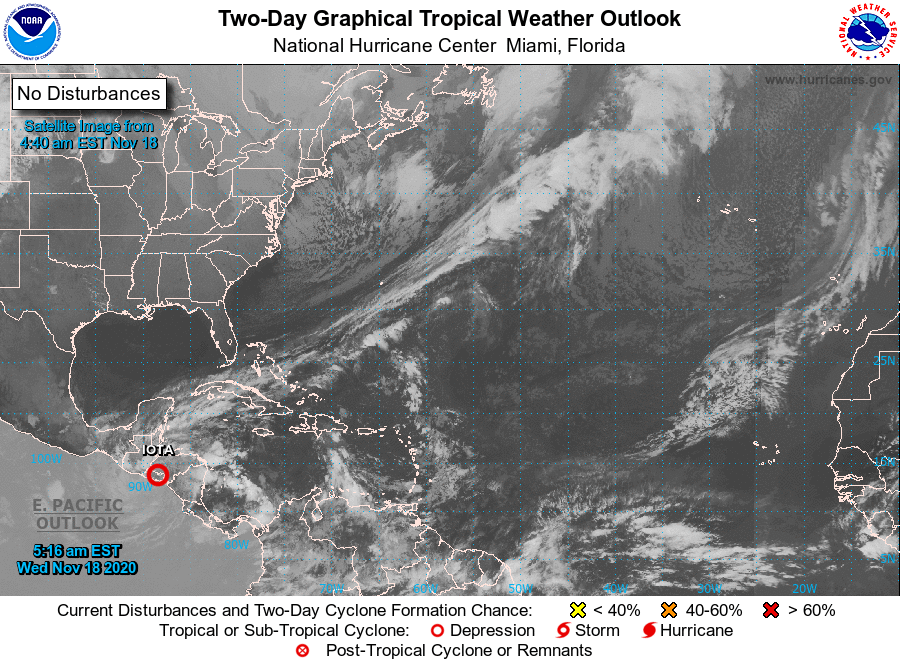
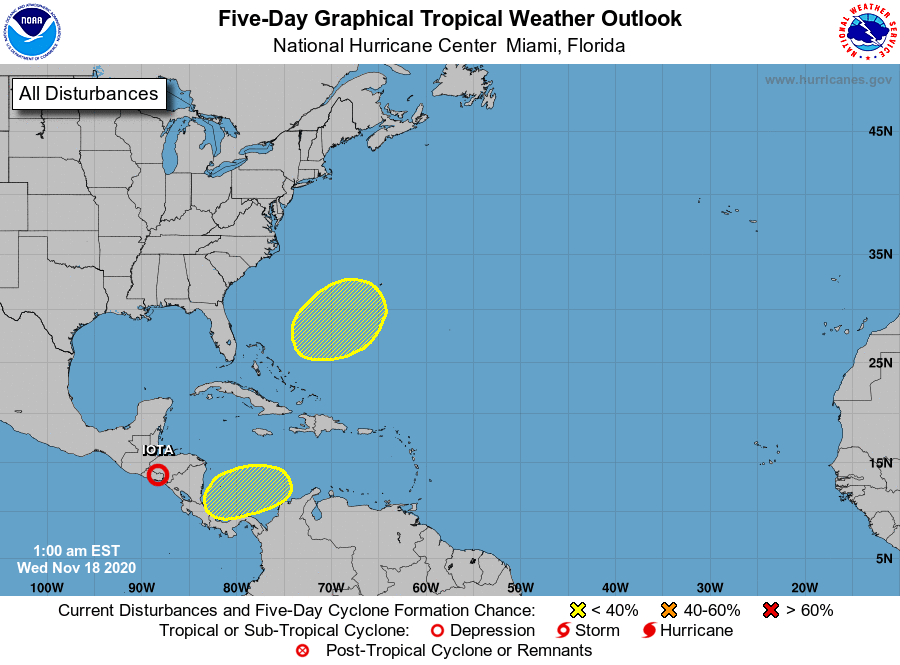
For the North Atlantic...Caribbean Sea and the Gulf of Mexico:

The National Hurricane Center is issuing advisories on Tropical Storm Iota, located inland over Central America near the Honduras/El Salvador border.

1. A broad area of low pressure could form in a day or so over the southwestern Caribbean Sea. Environmental conditions are expected to be only marginally conducive for slow development over the next several days while the system moves slowly west-southwestward or westward across the southwestern Caribbean Sea. Regardless of tropical cyclone formation, areas of heavy rain are possible during the next several days from Nicaragua southward across Central America and into Colombia. These rains could cause new flooding concerns, especially across previously inundated areas.
* Formation chance through 48 hours...low...near 0 percent.
* Formation chance through 5 days...low...30 percent.

2. A non-tropical area of low pressure could form between the Bahamas and Bermuda by early next week. The system could gradually develop subtropical characteristics through the middle of next week while it moves northeastward.
* Formation chance through 48 hours...low...near 0 percent.
* Formation chance through 5 days...low...20 percent.

Forecaster Stewart